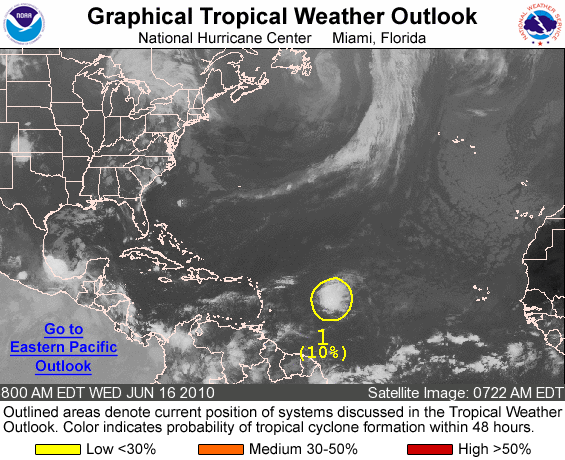
FOR THE NORTH ATLANTIC...CARIBBEAN SEA AND THE GULF OF MEXICO...

1. SHOWERS AND THUNDERSTORMS HAVE INCREASED IN ASSOCIATION WITH THE LOW PRESSURE SYSTEM LOCATED ABOUT 725 MILES EAST OF THE LESSER ANTILLES. HOWEVER...STRONG WESTERLY WINDS AT UPPER LEVELS ARE NOT FAVORABLE FOR TROPICAL CYCLONE FORMATION. THERE IS A LOW CHANCE...10 PERCENT...OF THIS SYSTEM BECOMING A TROPICAL CYCLONE DURING THE NEXT 48 HOURS AS IT MOVES WEST-NORTHWESTWARD TO NORTHWESTWARD NEAR 15 MPH.

ELSEWHERE...TROPICAL CYCLONE FORMATION IS NOT EXPECTED DURING THE NEXT 48 HOURS.

FORECASTER KIMBERLAIN/BROWN